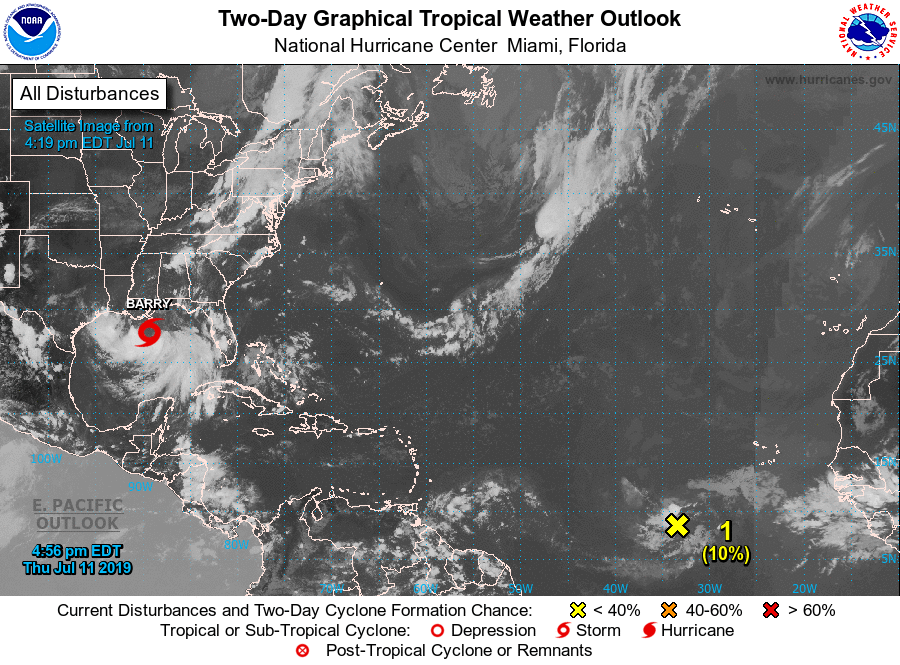
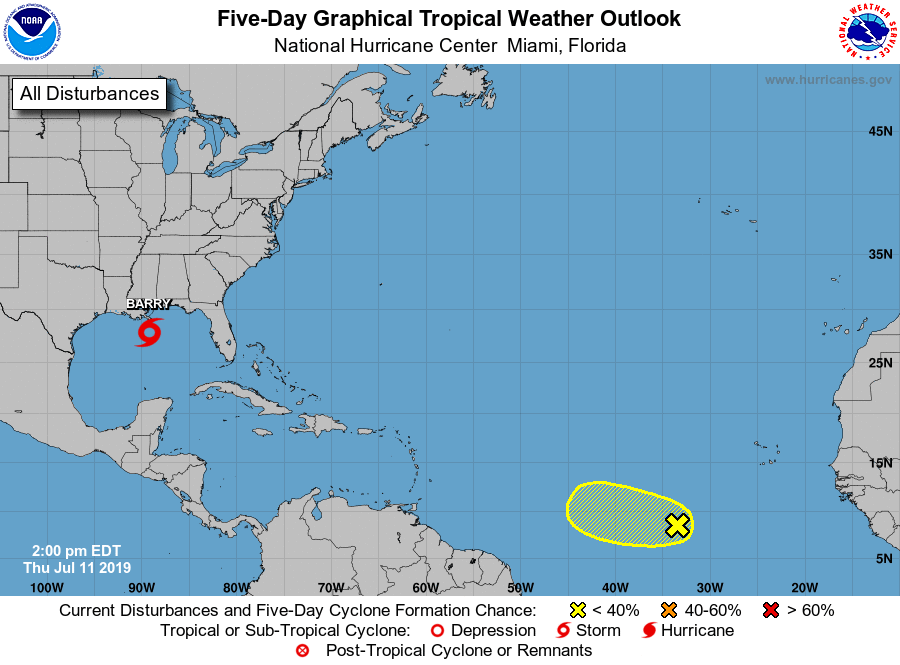
For the North Atlantic...Caribbean Sea and the Gulf of Mexico:

The National Hurricane Center is issuing advisories on Tropical Storm Barry, located about 100 miles south-southeast of the mouth of the Mississippi River.

1. Showers associated with a tropical wave located several hundred miles southwest of the Cabo Verde Islands remain disorganized. Some slight development of the wave is possible during the next day or two while it moves westward at 15 to 20 mph before environmental conditions become less favorable over the weekend.
* Formation chance through 48 hours...low...10 percent.
* Formation chance through 5 days...low...10 percent.

Forecaster Zelinsky/Ramos